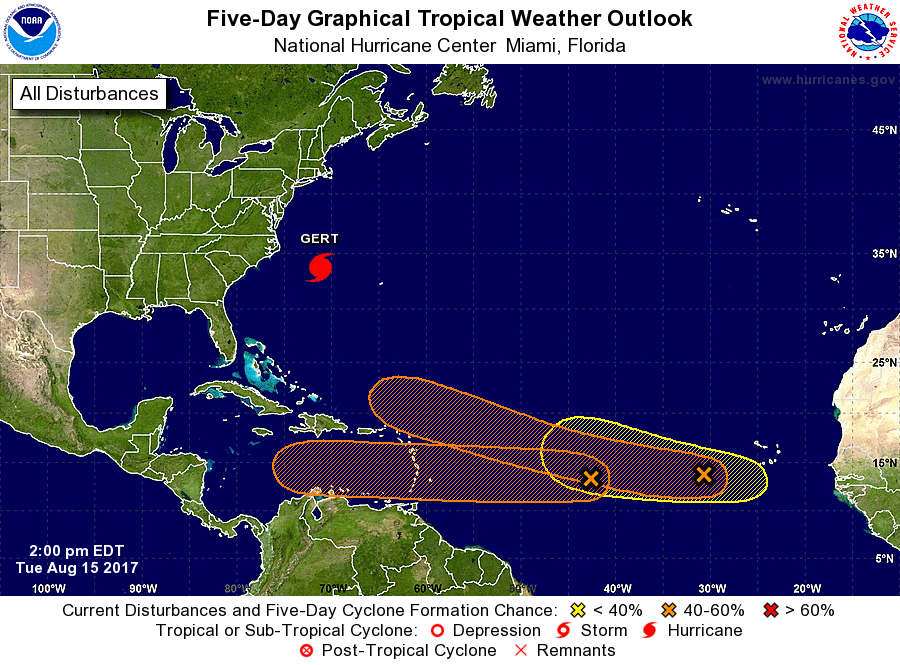
For the North Atlantic...Caribbean Sea and the Gulf of Mexico:

The National Hurricane Center is issuing advisories on Hurricane Gert, located several hundred miles west of Bermuda.

1. Shower and thunderstorm activity associated with an elongated area of low pressure located more than a thousand miles east of the Lesser Antilles remains disorganized. This system is expected to move westward at 15 to 20 mph across the tropical Atlantic Ocean, crossing into the Caribbean Sea on Friday. Some slow development of this system is possible before it moves into the Caribbean Sea, where environmental conditions are expected to be less conducive for tropical cyclone formation.
* Formation chance through 48 hours...low...20 percent.
* Formation chance through 5 days...medium...40 percent.

2. Showers and thunderstorms have become a little better organized in association with a low pressure area located a few hundred miles west-southwest of the Cabo Verde Islands. Environmental conditions appear conducive for additional development of this system while it moves westward to west-northwestward at 15 to 20 mph. Upper-level winds are likely to become less favorable for development by this weekend.
* Formation chance through 48 hours...low...30 percent.
* Formation chance through 5 days...medium...40 percent.

3. A tropical wave over western Africa is forecast to emerge over the far eastern Atlantic Ocean on Wednesday. Conditions appear conducive for some development after that time while the wave moves westward to west-northwestward at about 15 mph.
* Formation chance through 48 hours...low...near 0 percent.
* Formation chance through 5 days...low...20 percent.

Forecaster Berg